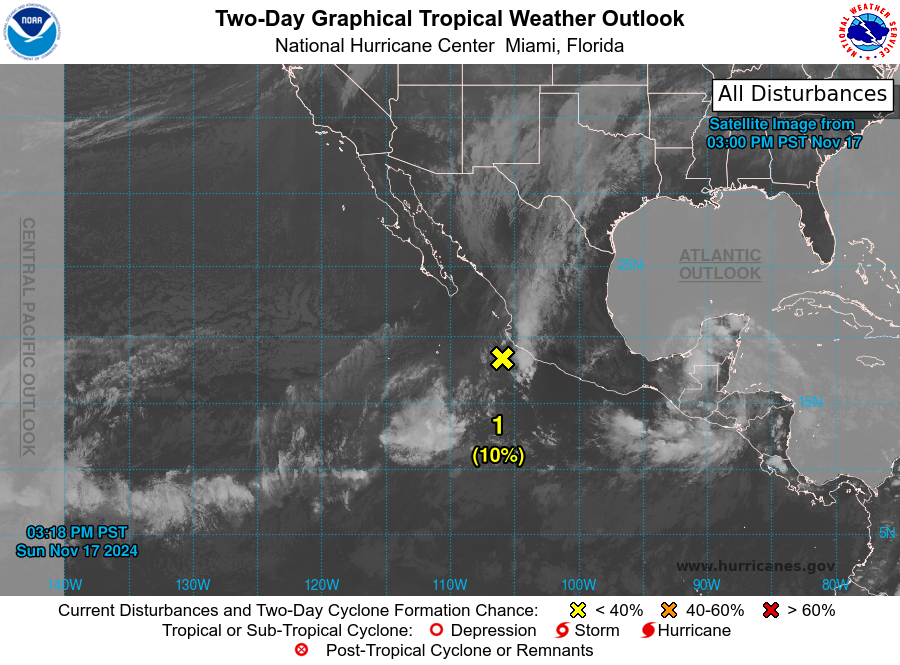
For the eastern North Pacific...east of 140 degrees west longitude:

1. Offshore of Southwestern Mexico: An area of low pressure located about one hundred miles offshore of the coast of southwestern Mexico is producing disorganized showers and thunderstorms. Development appears unlikely due to strong upper-level winds during the next day or so while the system moves east-southeastward at 5 to 10 mph, roughly parallel to the southwestern coast of Mexico.
* Formation chance through 48 hours...low...10 percent.
* Formation chance through 7 days...low...10 percent.

Forecaster Reinhart